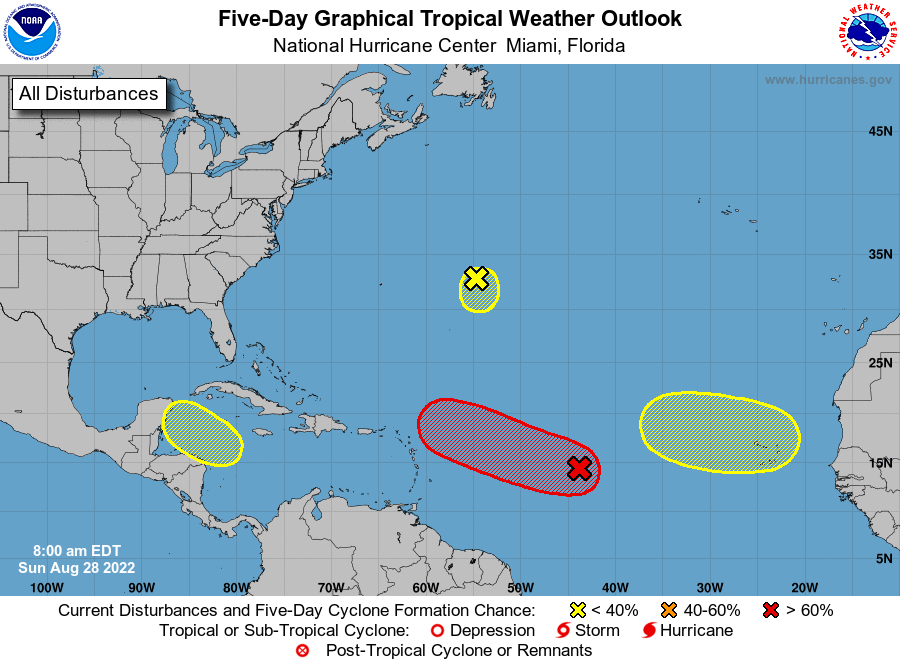
For the North Atlantic...Caribbean Sea and the Gulf of Mexico:

1. Central Tropical Atlantic: A broad and elongated area of low pressure is located over the central tropical Atlantic Ocean. Although the associated shower and thunderstorm activity has increased somewhat since yesterday, it currently lacks organization. Environmental conditions are expected to be generally conducive for gradual development, and a tropical depression is likely to form later this week while moving toward the west and then west-northwest at around 10 mph, toward the waters east of the Leeward Islands.
* Formation chance through 48 hours...low...30 percent.
* Formation chance through 5 days...high...70 percent.

2. Central Atlantic: A small low pressure system located about 600 miles east of Bermuda continues to produce occasional, disorganized shower activity. Strong upper-level winds and dry air are expected to limit significant development of this system while it meanders over the central Atlantic during the next few days, and the low is likely to dissipate by midweek.
* Formation chance through 48 hours...low...10 percent.
* Formation chance through 5 days...low...10 percent.

3. Northwestern Caribbean Sea: A trough of low pressure could develop over the northwestern Caribbean Sea during the middle part of this week. Environmental conditions could support some slow development of the system thereafter while it moves generally west-northwestward over the northwestern Caribbean Sea and toward the Yucatan Peninsula of Mexico.
* Formation chance through 48 hours...low...near 0 percent.
* Formation chance through 5 days...low...20 percent.

4. Eastern Tropical Atlantic: A tropical wave is forecast to move off the west coast of Africa Monday or Monday night. Some gradual development of the system is possible after that time while it moves generally westward across the far eastern tropical Atlantic.
* Formation chance through 48 hours...low...near 0 percent.
* Formation chance through 5 days...low...20 percent.

Forecaster Berg